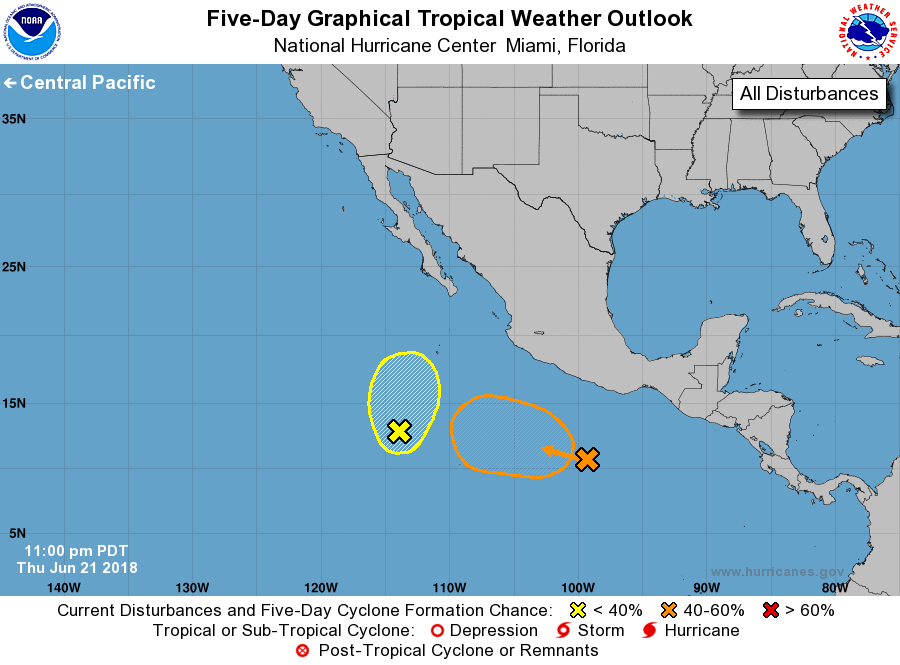
For the eastern North Pacific...east of 140 degrees west longitude:

1. A tropical wave located several hundred miles southwest of the Gulf of Tehuantepec is producing disorganized showers and thunderstorms. An area of low pressure is expected to form from this system by the weekend or early next week a few hundred miles south of the southwestern coast of Mexico. Additional development is possible thereafter while the disturbance moves slowly westward to west-northwestward well offshore of the coast of Mexico.
* Formation chance through 48 hours...low...near 0 percent.
* Formation chance through 5 days...medium...40 percent.

2. An area of disorganized shower and thunderstorm activity associated with a surface trough is centered several hundred miles south- southwest of the southern tip of the Baja California peninsula. Environmental conditions are expected to be marginally conducive for development over the next few days while the disturbance moves slowly toward the north or north-northeast over the open eastern North Pacific.
* Formation chance through 48 hours...low...10 percent
* Formation chance through 5 days...low...30 percent

Forecaster Avila